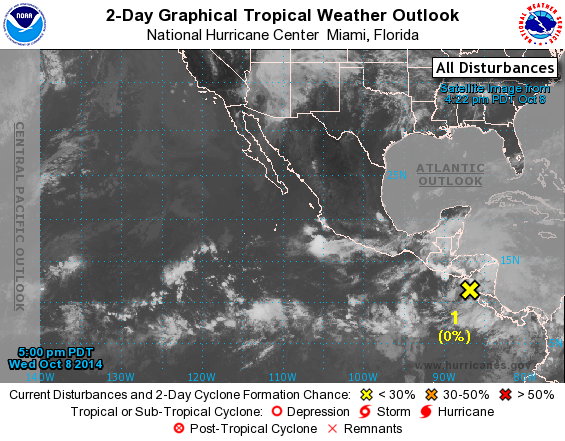
For the eastern North Pacific...east of 140 degrees west longitude:

1. An area of low pressure located near the Pacific coasts of Nicaragua and Costa Rica is producing disorganized cloudiness and showers. Gradual development of this system is possible late this week or this weekend while it moves slowly west-northwestward or northwestward.
* Formation chance through 48 hours...low...near 0 percent.
* Formation chance through 5 days...medium...40 percent.

Forecaster Cangialosi